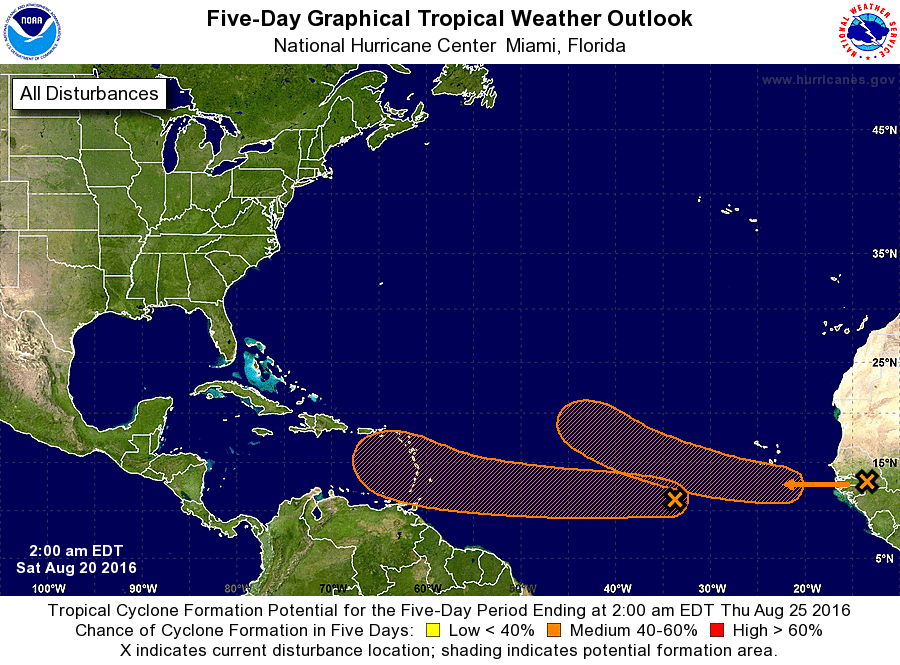
For the North Atlantic...Caribbean Sea and the Gulf of Mexico:

The National Hurricane Center is issuing advisories on Tropical Storm Fiona, located over the central tropical Atlantic.

1. A broad area of low pressure, associated with a tropical wave, is located about 700 miles west-southwest of the Cabo Verde Islands. This disturbance is producing a large but disorganized area of showers and thunderstorms, and any development of this system during the next couple of days should be slow to occur due to its proximity to dry air. Environmental conditions are forecast to be more conducive for development after that time, and a tropical depression could form by the middle of next week while the system moves westward at 15 to 20 mph across the tropical Atlantic Ocean and into the eastern Caribbean Sea.
* Formation chance through 48 hours...low...10 percent
* Formation chance through 5 days...medium...50 percent

2. A tropical wave inland over western Africa is producing a large area of showers and thunderstorms. This system is expected to move over water by late Saturday night, and environmental conditions appear conducive for gradual development next week while it moves generally west-northwestward over the eastern tropical Atlantic Ocean.
* Formation chance through 48 hours...low...10 percent
* Formation chance through 5 days...medium...40 percent

Forecaster Blake